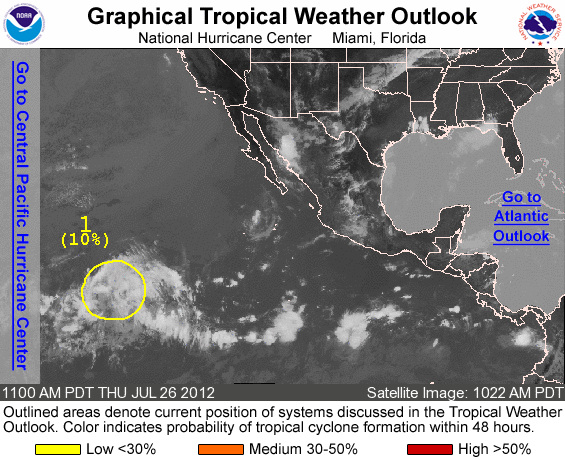
FOR THE EASTERN NORTH PACIFIC...EAST OF 140 DEGREES WEST LONGITUDE..

1. SHOWER AND THUNDERSTORM ACTIVITY HAS DIMINISHED THIS MORNING IN ASSOCIATION WITH A WEAK AREA OF LOW PRESSURE LOCATED ABOUT 1600 MILES WEST-SOUTHWEST OF THE SOUTHERN TIP OF BAJA CALIFORNIA. SIGNIFICANT DEVELOPMENT OF THIS SYSTEM IS NOT ANTICIPATED AS IT MOVES WESTWARD OR WEST-NORTHWESTWARD AT 10 TO 15 MPH. THIS SYSTEM HAS A LOW CHANCE...10 PERCENT...OF BECOMING A TROPICAL CYCLONE DURING THE NEXT 48 HOURS.

ELSEWHERE...TROPICAL CYCLONE FORMATION IS NOT EXPECTED DURING THE NEXT 48 HOURS.

FORECASTER ROBERTS